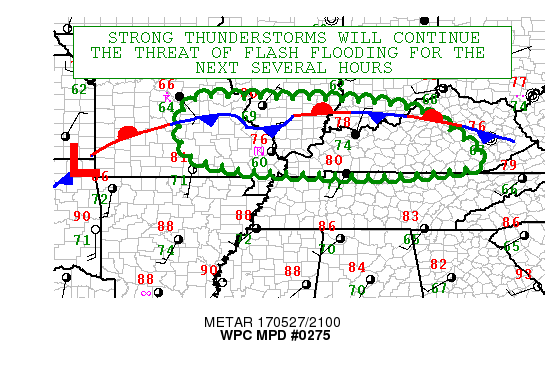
AREAS AFFECTED...EASTERN MO...SOUTHERN IL...WESTERN KY

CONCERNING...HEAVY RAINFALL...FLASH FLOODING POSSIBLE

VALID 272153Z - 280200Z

SUMMARY...STRONG THUNDERSTORMS FROM EASTERN MO ACROSS SOUTHERN IL
INTO KY WILL CONTINUE THE THREAT OF FLASH FLOODING FOR THE NEXT
SEVERAL HOURS.

DISCUSSION...STRONG THUNDERSTORMS EXTENDING FROM EASTERN MO INTO
KY ARE PRODUCING LOCAL HOURLY RAINFALL RATES OF 1-1.5". THE STORMS
ARE DEVELOPING IN THE VERY MOIST AIR MASS ALONG AND JUST TO THE
SOUTH SIDE OF THE WEAK FRONTAL BOUNDARY THAT EXTENDS WEST-EAST
ACROSS THE AREA. THESE STORMS SHOULD CONTINUE FOR THE NEXT SEVERAL
HOURS...CONTINUING TO MOVE EASTWARD.

SURFACE DEW POINTS ALONG THE SOUTH SIDE OF THE FRONTAL BOUNDARY
ARE MAINLY 70 DEGREES F AND HIGHER...WITH PRECIPITABLE WATER
VALUES 1.4-1.7". SPC MESOANALYSES SHOW THE MUCAPE VALUES IN THE
RANGE OF 2500-4000 J/KG. EFFECTIVE BULK SHEAR OF 30-40 KT ACROSS
THE REGION SHOULD HELP MAINTAIN THE ORGANIZATION OF THESE STORMS.

3-HOUR FLASH FLOOD GUIDANCE VALUES ACROSS THE REGION OF CONCERN
ARE MAINLY 2-3". THE WEST-EAST TRACK OF THE STORMS MEANS THAT
SOME AREAS WILL RECEIVE TRAINING STORMS DURING THE NEXT SEVERAL
HOURS. THE LAST FEW RUNS OF THE HRRR...WHICH SEEMS TO HAVE THE
BEST HANDLE ON THE CONVECTION AMONG THE HIRES MODELS...SUGGEST
THAT 2-3" OF RAIN WILL FALL OVER PARTS OF THE THREAT AREA WITH
LOCAL TOTALS AROUND 4". SO THE THREAT OF FLASH FLOODING WILL
CONTINUE FOR THE NEXT SEVERAL HOURS.